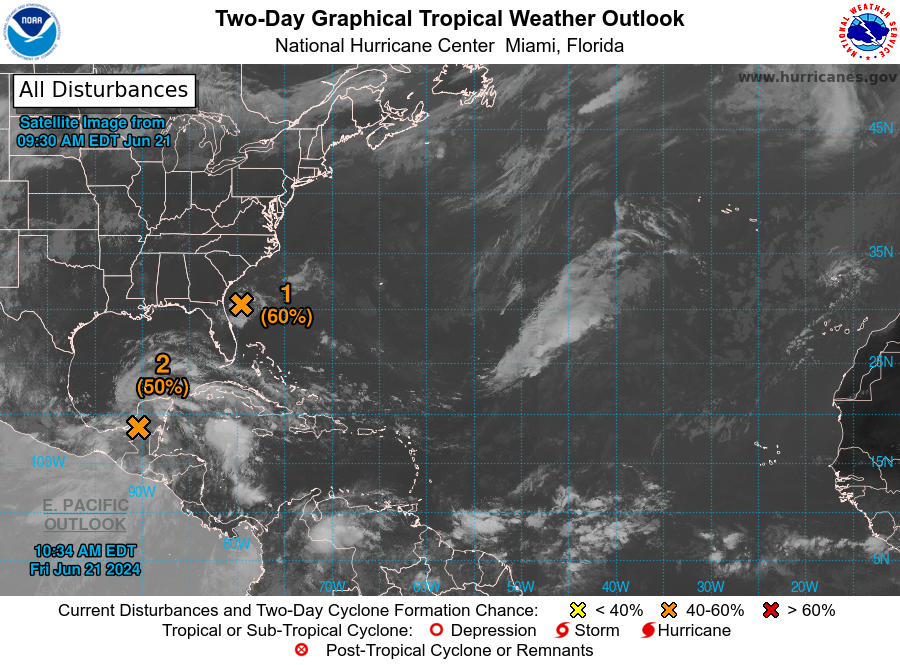
For the North Atlantic...Caribbean Sea and the Gulf of Mexico:

Special outlook issued to update discussion of the low pressure system over the southwestern Atlantic (AL92).

1. Southwestern Atlantic Ocean (AL92): Updated: Recent data from an Air Force Reserve reconnaissance aircraft and visible satellite imagery indicate that the area of low pressure located about 120 miles east of Jacksonville, Florida, has developed a well-defined center of circulation and is producing winds to near 35 mph, but the associated showers and thunderstorms are not quite organized enough for this system to be considered a tropical cyclone. However, only a small increase in the organization of the showers and thunderstorms could result in the formation of a short-lived tropical depression before it reaches the coast of northeastern Florida or Georgia tonight, and interests there should monitor its progress. For more information, refer to High Seas Forecasts issued by the National Weather Service, as well as local forecasts issued by your local National Weather Service Forecast Office.
* Formation chance through 48 hours...medium...60 percent.
* Formation chance through 7 days...medium...60 percent.

2. Southwestern Gulf of Mexico: A broad area of low pressure is forecast to form over southeastern Mexico later today. Environmental conditions appear conducive for gradual development after this system moves over the Bay of Campeche tonight, and a tropical depression could form over the southwestern Gulf of Mexico this weekend while it moves slowly west-northwestward or northwestward. Interests along the Gulf coast of Mexico should monitor the progress of this system.
* Formation chance through 48 hours...medium...50 percent.
* Formation chance through 7 days...medium...60 percent.

High Seas Forecasts issued by the National Weather Service can be found under AWIPS header NFDHSFAT1, WMO header FZNT01 KWBC, and online at ocean.weather.gov/shtml/NFDHSFAT1.php. Local National Weather Service forecasts can be found at www.weather.gov.

Forecaster Hagen/Berg